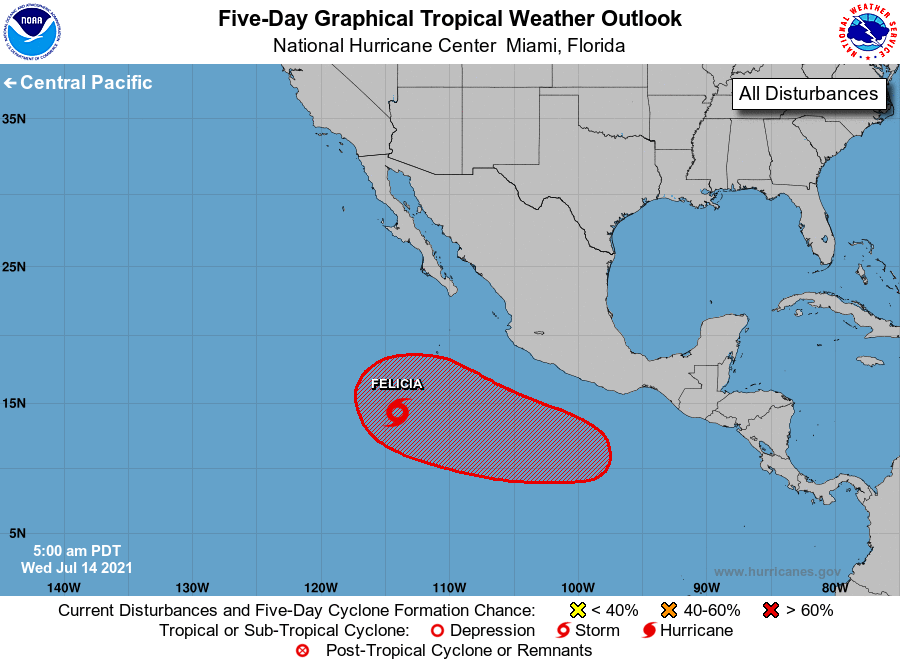
For the eastern North Pacific...east of 140 degrees west longitude:

The National Hurricane Center is issuing advisories on newly formed Tropical Depression Six-E, located several hundred miles south-southwest of the southern tip of Baja California.

1. An area of low pressure is forecast to develop well south of the coast of southern Mexico late this week and move westward at 10 to 15 mph. Environmental conditions are expected to be favorable for gradual development, and a tropical depression is likely to form this weekend well offshore of the southwestern coast of Mexico.
* Formation chance through 48 hours...low...near 0 percent.
* Formation chance through 5 days...high...70 percent.

Pubic Advisories on Tropical Depression Six-E are issued under WMO header WTPZ31 KNHC and under AWIPS header MIATCPEP1. Forecast/Advisories on Tropical Depression Six-E are issued under WMO header WTPZ21 KNHC and under AWIPS header MIATCMEP1.

Forecaster Roberts